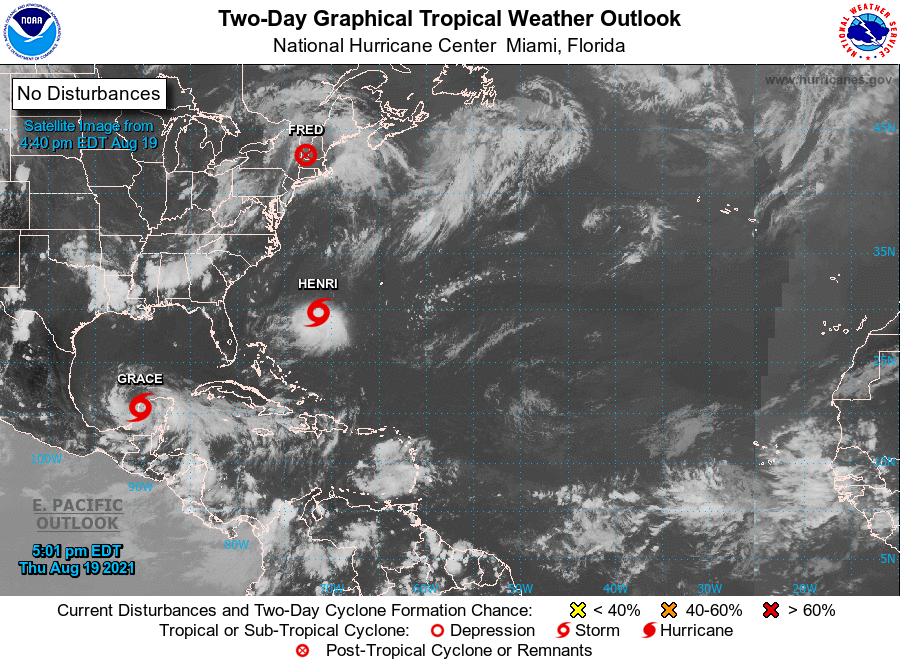
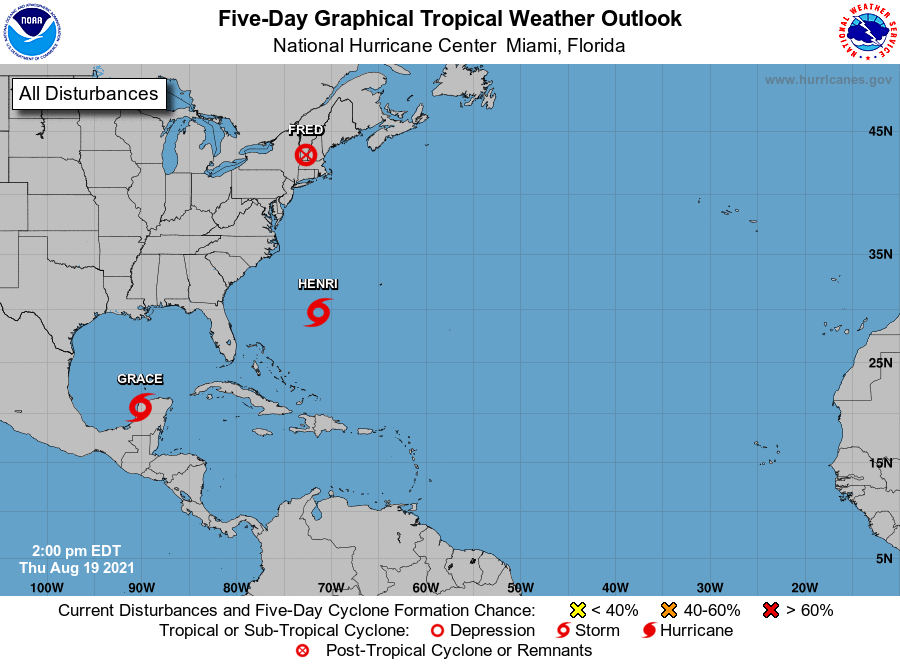
For the North Atlantic...Caribbean Sea and the Gulf of Mexico:

The National Hurricane Center is issuing advisories on Tropical Storm Grace, located inland over the Yucatan Peninsula of Mexico, and on Tropical Storm Henri, located several hundred miles southeast of Cape Hatteras, North Carolina.

The Weather Prediction Center is issuing advisories on Post-Tropical Cyclone Fred, located inland over upstate New York.

Tropical cyclone formation is not expected during the next 5 days.

&&
Public advisories issued by the Weather Prediction Center on Post-Tropical Cyclone Fred can be found under AWIPS header TCPAT1, WMO header WTNT31 KWNH, and on the web at http://www.wpc.ncep.noaa.gov

Forecaster Cangialosi/Papin